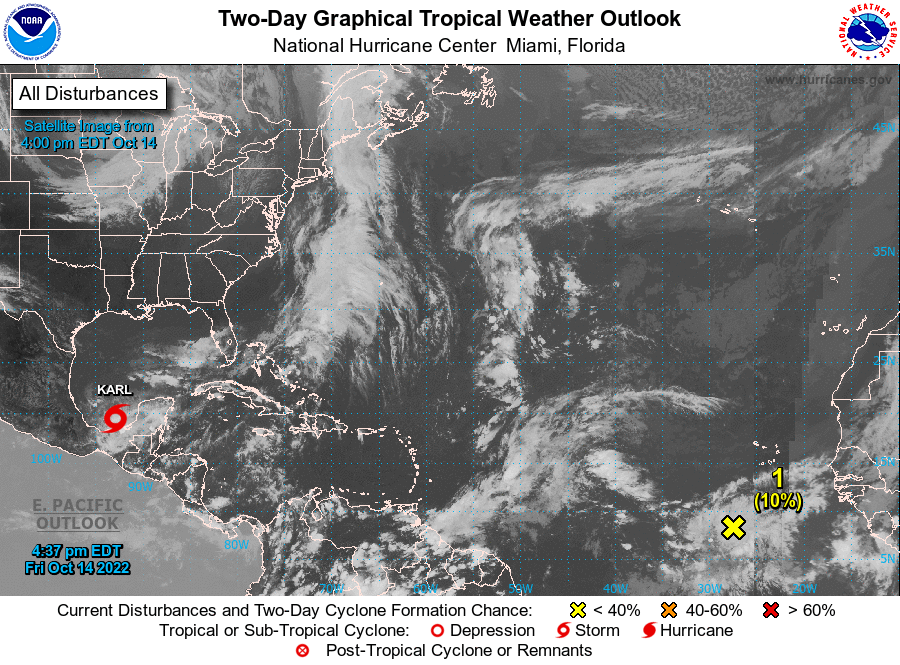
For the North Atlantic...Caribbean Sea and the Gulf of Mexico:

Active Systems: The National Hurricane Center is issuing advisories on Tropical Storm Karl, located over the southwestern Gulf of Mexico.

1. Eastern Tropical Atlantic: Showers and thunderstorms associated with a tropical wave located several hundred miles southwest of the Cabo Verde Islands have decreased during the past several hours. Environmental conditions appear only marginally conducive for gradual development through the weekend while the wave moves generally westward at about 10 mph. Further development will become unlikely by early next week due to increasing upper-level winds.
* Formation chance through 48 hours...low...10 percent.
* Formation chance through 5 days...low...10 percent.

Forecaster D. Zelinsky